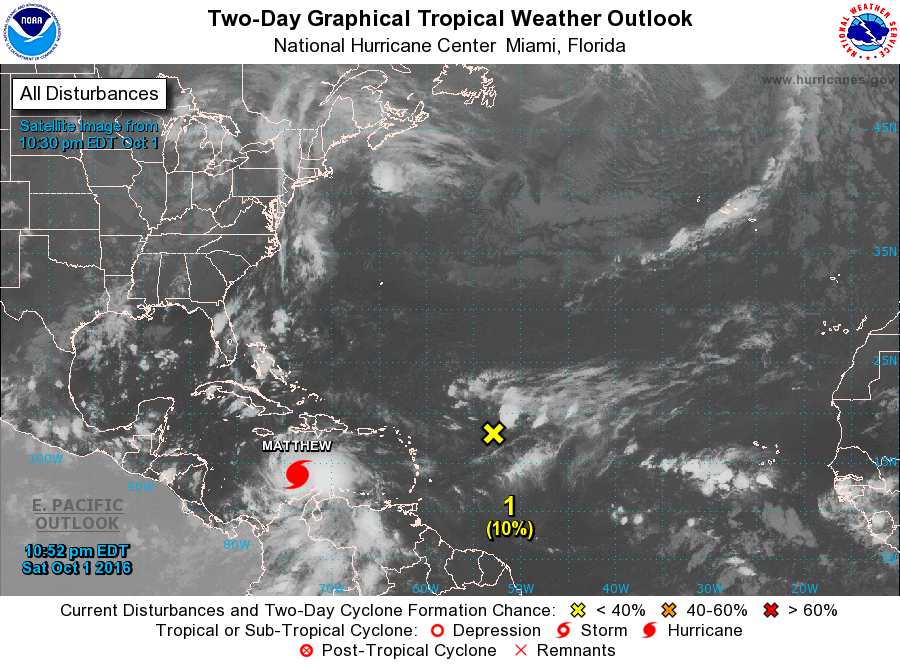
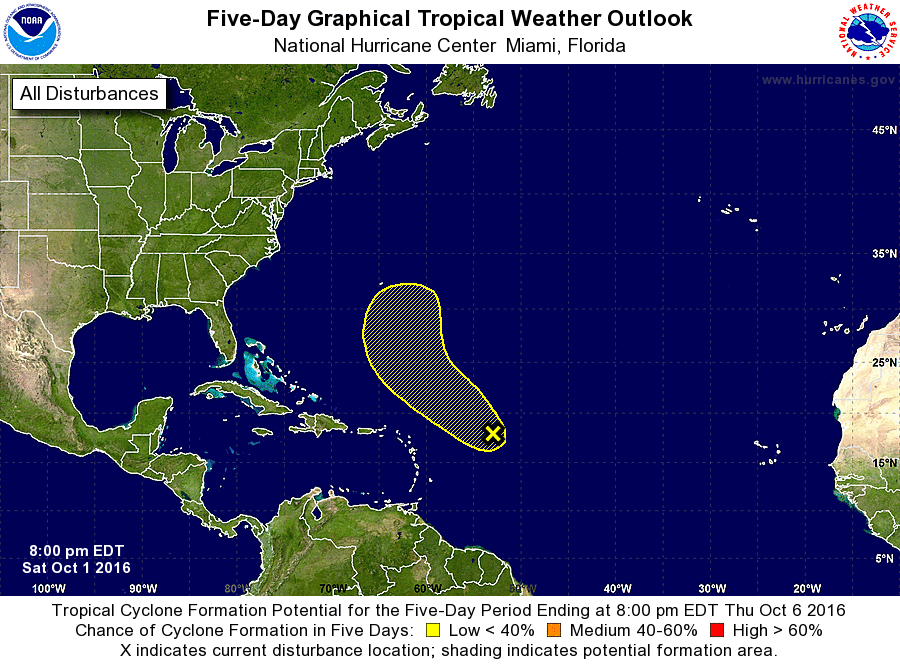
For the North Atlantic...Caribbean Sea and the Gulf of Mexico:

The National Hurricane Center is issuing advisories on Hurricane Matthew, located over the south-central Caribbean Sea.

1. A broad area of low pressure associated with a tropical wave is located about 600 miles east of the Leeward Islands. This system continues to produce disorganized showers and thunderstorms and strong winds north of the center. Development, if any, is expected to be slow to occur due to strong upper-level winds while the low moves northwestward at 15 mph.
* Formation chance through 48 hours...low...10 percent
* Formation chance through 5 days...low...20 percent

Forecaster Blake